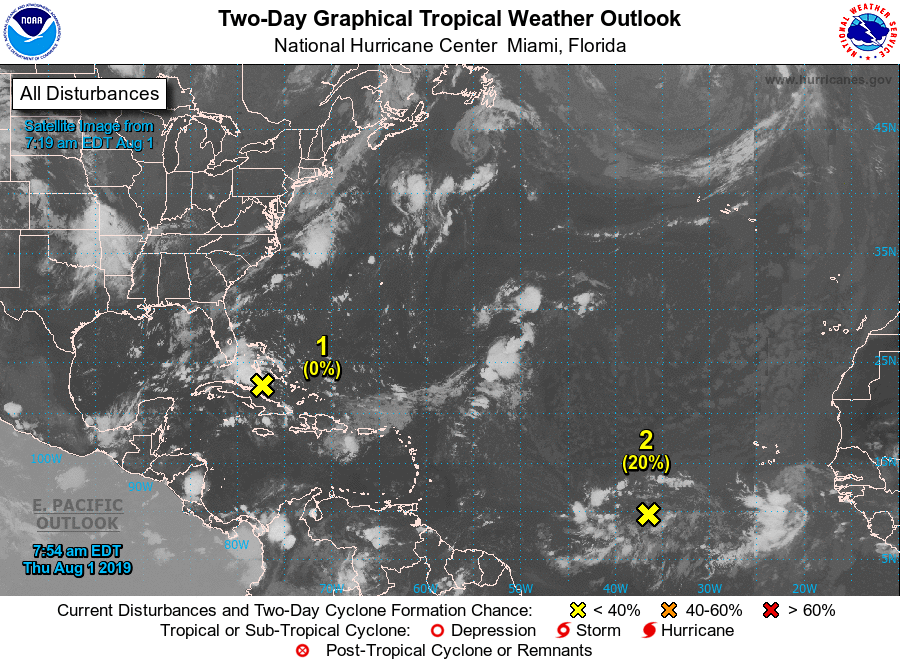
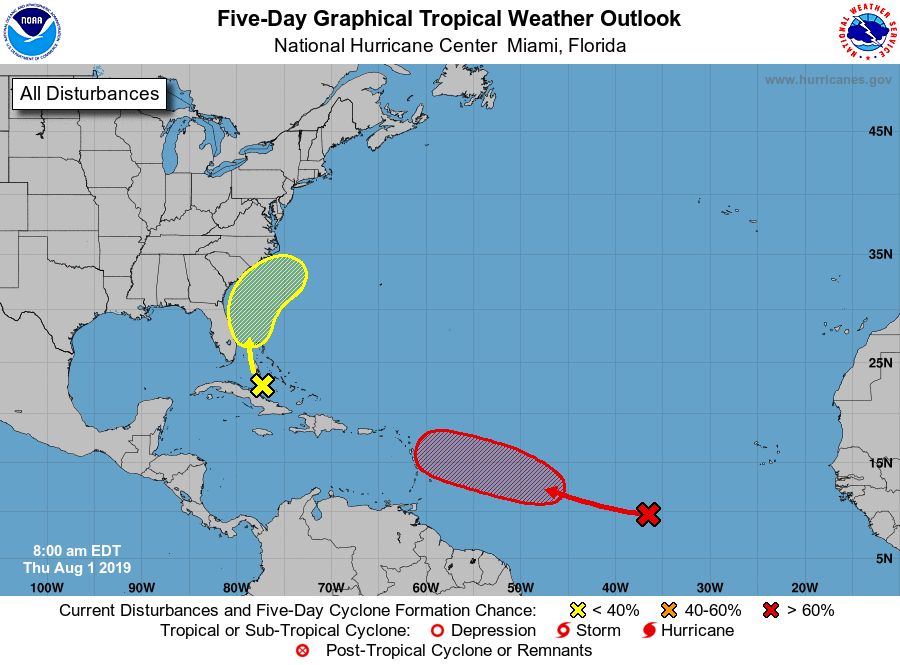
For the North Atlantic...Caribbean Sea and the Gulf of Mexico:

1. An area of disturbed weather located near the northwestern Bahamas is forecast to move northward, producing locally heavy rainfall over portions of Cuba, the Bahamas, and Florida during the next day or two. Conditions could briefly become marginally conducive for development over the weekend before the system merges with a front and accelerates northeastward off the southeastern U.S. coast on Sunday.
* Formation chance through 48 hours...low...near 0 percent.
* Formation chance through 5 days...low...10 percent.

A broad low pressure system located about 1000 miles west-southwest of the Cabo Verde Islands continues to produce a large area of disorganized showers and thunderstorms. Only gradual development of this system is expected for the next day or so while it moves west-northwestward at 10 to 15 mph. Environmental conditions could become more supportive by Saturday and a tropical depression is likely to form over the weekend, several hundred miles east of the Lesser Antilles.

2.
* Formation chance through 48 hours...low...20 percent.
* Formation chance through 5 days...high...70 percent.

Forecaster Zelinsky/McElroy